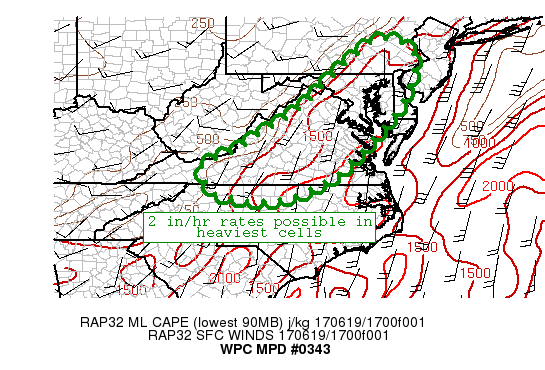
AREAS AFFECTED...SERN PA...SWRN NJ...DE...MD...VA...NRN NC

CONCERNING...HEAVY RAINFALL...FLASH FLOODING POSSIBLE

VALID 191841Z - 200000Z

SUMMARY...POTENTIAL FOR HIGH RAINFALL RATES AS WELL AS LOCALIZED
CELL TRAINING COULD RESULT IN 2-3" RAINFALL AMOUNTS IN 1-2 HOURS,
WITH LOCALLY HIGHER AMOUNTS. FLASH FLOODING IS POSSIBLE.

DISCUSSION...A HIGHLY MOIST AND MODERATELY UNSTABLE AIR MASS IS IN
PLACE ACROSS THE MID-ATLANTIC THIS AFTERNOON AHEAD OF AN INCOMING
COLD FRONT CROSSING THE APPALACHIANS. MLCAPE VALUES RANGING FROM
1500-2500 J/KG WERE INDICATED ON THE LATEST RAP MESOANALYSIS, WITH
PWATS NEAR 2 INCHES. SURFACE DEW POINTS IN THE 68-73 DEG F RANGE
ARE SUPPORTING LOW LCLS (BELOW 1000 M) AND A DEEP WARM CLOUD LAYER
DEPTH EXCEEDING 4.5 KM. LATEST 250 HPA ANALYSIS SHOWS ADDITIONAL
UPPER LEVEL SUPPORT ACROSS THE OUTLINED AREA PROVIDED BY HEALTHY
UPPER DIFFLUENT FLOW. THE RESULT IS THE POTENTIAL FOR VERY HIGH
PRECIPITATION EFFICIENCY AND HEAVY RAINFALL RATES IN ANY ROBUST
CONVECTION THAT OCCURS. LATEST RADAR ESTIMATES INDICATE 2-3 IN/HR
RATES IN THE HEAVIEST CONVECTION ACROSS CNTRL VA.

THE LATEST HRRR RUN SEEMS TO HAVE A DECENT HANDLE ON THE ONGOING
CONVECTION, PARTICULARLY THE MORE ORGANIZED LINE EXTENDING FROM
FROM NORTHERN VA TO SERN PA. HRRR REPRESENTATION OF THE MULTICELL
CLUSTERS FARTHER SOUTH ACROSS VA APPEARS A BIT UNDERDONE. GIVEN A
UNIDIRECTIONAL SHEAR PROFILE AND GREATER AVAILABLE DCAPE, A
STRONGER COLD POOL IS EXPECTED TO DEVELOP IN THE MORE ORGANIZED
CONVECTION ACROSS NRN VA, MD, AND SERN PA, RESULTING IN LESS
POTENTIAL FOR TRAINING. HOWEVER, GIVEN THAT THIS AREA WILL AFFECT
THE I-95 CORRIDOR, THERE IS LESS TOLERANCE FOR HIGH RAINFALL
RATES. LOCALIZED TRAINING IS POSSIBLE FARTHER SOUTH ACROSS CNTRL
AND SRN VA AND NRN NC. INSTANTANEOUS RATES OF 2-3 IN/HR ARE
POSSIBLE IN THE HEAVIEST CONVECTION, WHICH COULD RESULT IN
LOCALIZED AMOUNTS OF 2-4 INCHES IN AREAS OF SIGNIFICANT LOCALIZED
TRAINING. FLASH FLOODING IS POSSIBLE THROUGH 00Z.